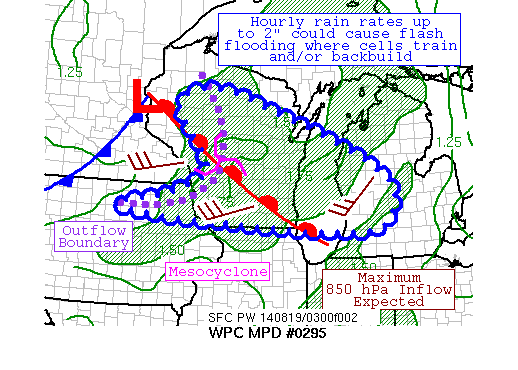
AREAS AFFECTED...PORTIONS OF WI AND WESTERN LOWER MI

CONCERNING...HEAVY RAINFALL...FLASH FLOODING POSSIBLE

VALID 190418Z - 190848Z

SUMMARY...A BROAD THUNDERSTORM AREA WITH A LEADING WAA
THUNDERSTORM BAND IS EXPECTED TO CONTINUE MOVING EASTWARD ACROSS
WI, WITH HOURLY RAIN RATES UP TO 2".  FLASH FLOODING IS POSSIBLE
HERE.

DISCUSSION...A FRONTAL WAVE NEAR THE CENTRAL MN/WI BORDER
COMBINING WITH AN OUTFLOW BOUNDARY GENERALLY WITHIN ITS WARM
SECTOR ARE LEADING TO A BROAD AREA OF SHOWERS AND THUNDERSTORMS,
WITH THE NORTHEAST EDGE OF THE HEAVY RAINFALL WITHIN ~100 MILES
NORTHEAST OF A POOL OF 1000+ J/KG CAPE WHICH LIES ACROSS SOUTHEAST
MN, SOUTHERN WI, AND SOUTHWESTERN MI.  WHILE THE SYSTEM IS
GENERALLY PROGRESSIVE, A SHORT WARM AIR ADVECTION THUNDERSTORM
BAND HAS FORMED POLEWARD OF THE WARM FRONT, WHICH AMPLIFIES THE
FLASH FLOOD RISK.  RADAR ESTIMATES OF THE RECENT HOURLY RAIN RATES
ARE CLOSE TO 2.5", THOUGH SOME HAIL WAS LIKELY AMPLIFYING THOSE
TOTALS ABOVE REALITY.  INFLOW AT 850 HPA IS IN THE 25-30 KNOT
RANGE, AND PRECIPITABLE WATER VALUES OF 1.75" LIE WITHIN THE
REGION.  THE CRITERIA FOR THE WET MULTICELL ENVIRONMENT HAVE BEEN
REACHED.

THE EXPECTATION IS THAT THE SYSTEM SHOULD REMAIN PROGRESSIVE, WITH
A PRECEDING WARM ADVECTION BAND OF THUNDERSTORMS CONTINUING CELL
TRAINING NORTH OF THE WARM FRONT.  A SLIGHT INCREASE IN 850 HPA
INFLOW WITHIN THE NEXT FEW HOURS COULD CAUSE SOME TEMPORARY
BACKBUILDING.  THUNDERSTORMS SHOULD FADE AS THEY MOVE INTO CENTRAL
LOWER MI ONCE THEY MOVE FAR ENOUGH FROM THE INSTABILITY REGION.
HOURLY RAIN RATES OF UP TO 2", WITH LOCAL AMOUNTS OF 3-5" PER THE
MOST RECENT MESOSCALE GUIDANCE, COULD LEAD TO FLASH FLOODING.